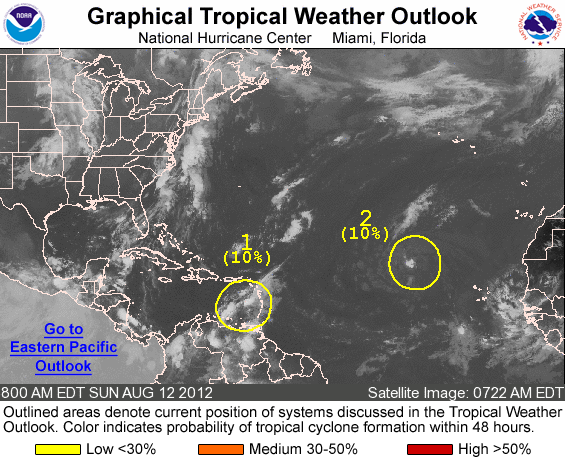
FOR THE NORTH ATLANTIC...CARIBBEAN SEA AND THE GULF OF MEXICO...

1. A TROPICAL WAVE...THE REMNANTS OF TROPICAL DEPRESSION SEVEN...IS CURRENTLY LOCATED A COUPLE HUNDRED MILES TO THE WEST OF WINDWARD ISLANDS. LOCALLY HEAVY RAIN AND GUSTY WINDS ARE EXPECTED TO CONTINUE ACROSS PORTIONS OF THE LESSER ANTILLES TODAY. ENVIRONMENTAL CONDITIONS ARE NOT EXPECTED TO BE CONDUCIVE FOR REGENERATION...AND THIS SYSTEM HAS A LOW CHANCE...10 PERCENT...OF BECOMING A TROPICAL CYCLONE AGAIN DURING THE NEXT 48 HOURS AS IT MOVES WESTWARD NEAR 20 MPH ACROSS THE CARIBBEAN SEA.

2. SHOWER ACTIVITY REMAINS LIMITED IN ASSOCIATION WITH A BROAD AREA OF LOW PRESSURE LOCATED OVER THE EASTERN ATLANTIC ABOUT 650 MILES WEST-NORTHWEST OF THE CAPE VERDE ISLANDS. DEVELOPMENT...IF ANY...OF THIS SYSTEM IS EXPECTED TO BE SLOW TO OCCUR DURING THE NEXT COUPLE OF DAYS AS IT MOVES WEST-NORTHWESTWARD AT AROUND 20 MPH. THIS SYSTEM HAS A LOW CHANCE...10 PERCENT...OF BECOMING A TROPICAL CYCLONE DURING THE NEXT 48 HOURS.

ELSEWHERE...TROPICAL CYCLONE FORMATION IS NOT EXPECTED DURING THE NEXT 48 HOURS.

FORECASTER CANGIALOSI